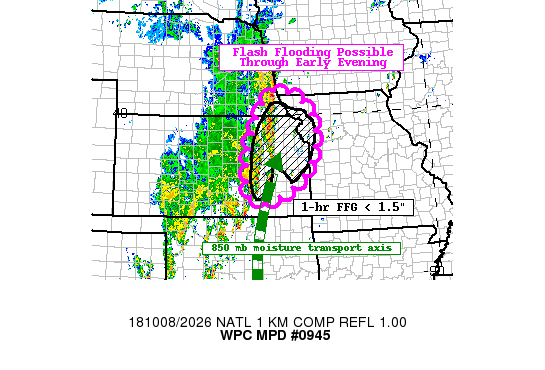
Areas affected...Eastern KS...Southeast NE...Extreme Northwest MO

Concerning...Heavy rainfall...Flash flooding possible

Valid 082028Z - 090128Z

Summary...Line of thunderstorms slowly moving over saturated soils
will be capable of producing flash flooding through early evening
across eastern Kansas, far southeastern Nebraska, and extreme
northwest Missouri.

Discussion...Recent radar imagery from KTWX showed an uptick in
thunderstorm activity while GOES-East IR depicted cooling cloud
tops within the last hour. Recent RAP analysis depicted a pool of
2000-2500 J/kg of SBCAPE in a belt of high PWATs (1.5 to 1.7") and
high 850 mb moisture transport. In the low to mid levels, the flow
is unidirectional, suggesting some training and backbuilding of
storms is possible.

HRRR and other hi-res models show this activity will gradually
fill in and advance slowly eastward over the next few hours.
Hourly totals of 1.5 to 2.0" will be possible in localized
locations across eastern KS, far southeastern NE, and extreme
northwest MO, including the Kansas City metro area.

Given the recent heavy rainfall and wet soils in the area
(widespread 3-5" in past 24 hours and 600 percent of normal last 7
days), FFG is very low. As a result, any additional heavy rainfall
could lead to flash flooding, especially for urban sensitive
areas.